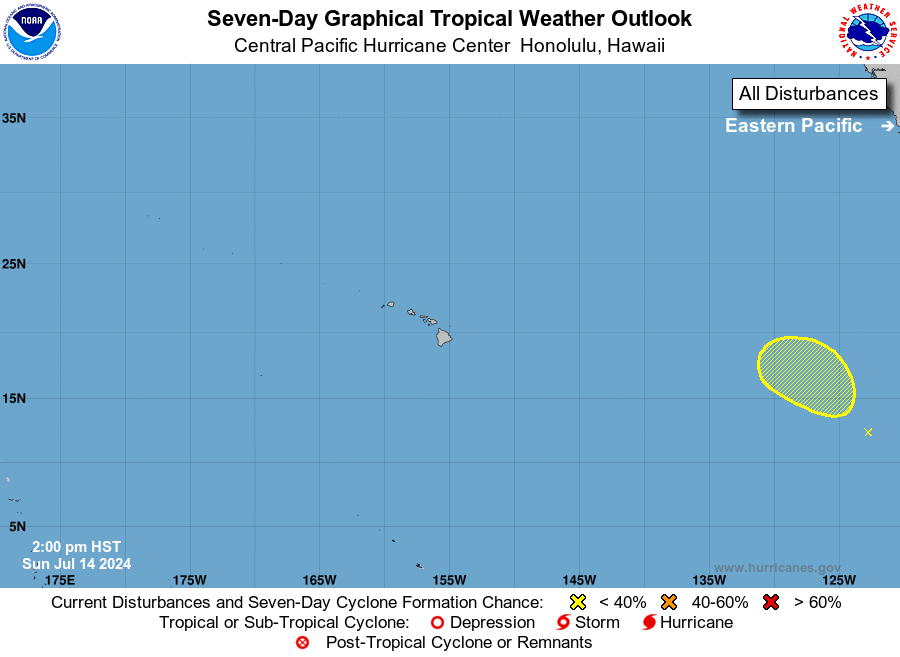
For the central North Pacific...between 140W and 180W:

No tropical cyclones are expected during the next 7 days.

Forecaster Wroe